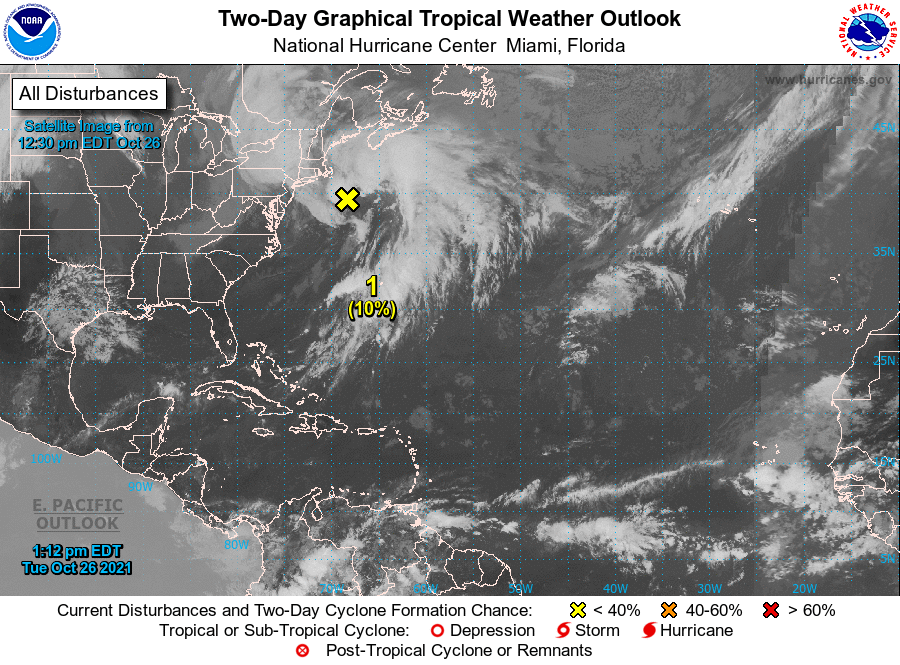
For the North Atlantic...Caribbean Sea and the Gulf of Mexico:

1. A deepening, non-tropical low pressure system with storm-force winds is located about 200 miles south-southeast of Cape Cod, Massachusetts. The extratropical low is expected to meander off the mid-Atlantic and northeast U.S. coasts through Wednesday, bringing rain and wind impacts to portions of those areas. After that time, the low is expected to move eastward away from the U.S. coast, and could acquire some subtropical characteristics while it moves eastward or southeastward over the warmer waters of the central Atlantic late this week. For more information on this system, including storm warnings, see products issued by your local National Weather Service office and High Seas Forecasts issued by the National Weather Service.
* Formation chance through 48 hours...low...10 percent.
* Formation chance through 5 days...medium...40 percent.

High Seas Forecasts issued by the National Weather Service can be found under AWIPS header NFDHSFAT1, WMO header FZNT01 KWBC, and online at ocean.weather.gov/shtml/NFDHSFAT1.php

Forecaster Latto